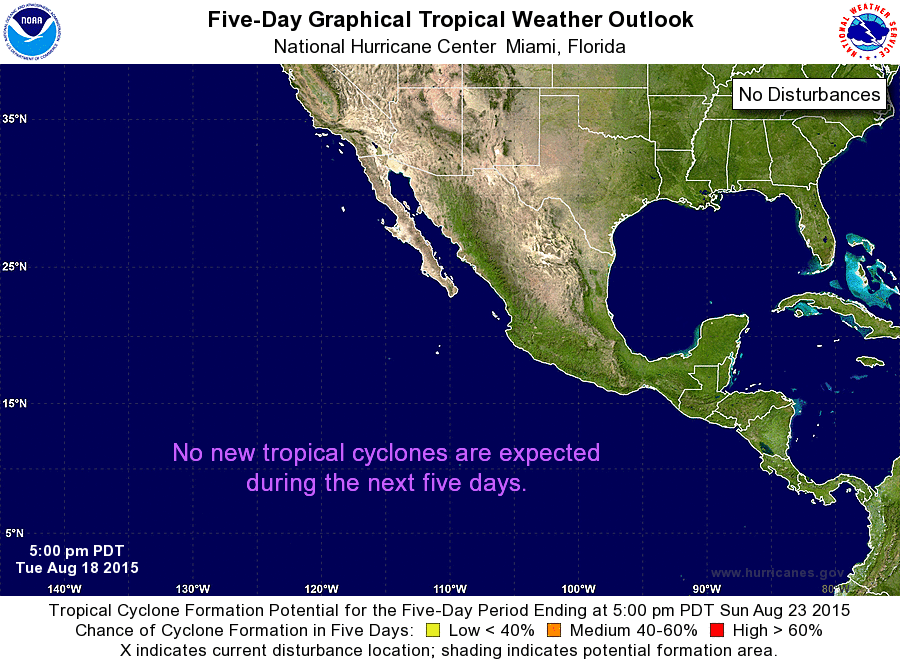
For the eastern North Pacific...east of 140 degrees west longitude:

Tropical cyclone formation is not expected during the next 5 days.

Forecaster Berg